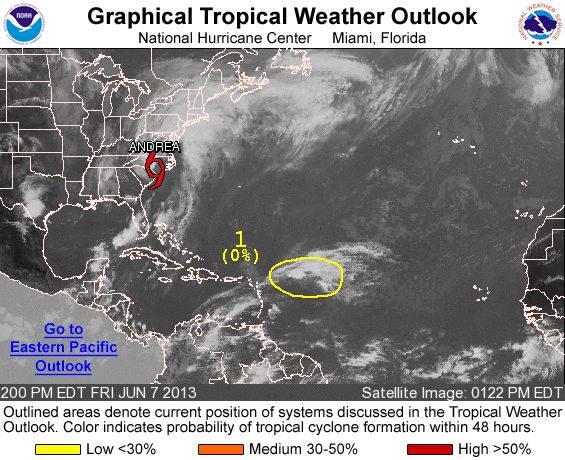
FOR THE NORTH ATLANTIC...CARIBBEAN SEA AND THE GULF OF MEXICO...

THE NATIONAL HURRICANE CENTER IS ISSUING ADVISORIES ON TROPICAL STORM ANDREA...LOCATED INLAND OVER SOUTHERN NORTH CAROLINA.

1. DISORGANIZED THUNDERSTORM ACTIVITY SEVERAL HUNDRED MILES EAST OF THE LEEWARD ISLANDS IS ASSOCIATED WITH A TROPICAL WAVE. STRONG UPPER-LEVEL WINDS ARE EXPECTED TO PREVENT ANY DEVELOPMENT...AND THIS SYSTEM HAS A LOW CHANCE...NEAR 0 PERCENT...OF BECOMING A TROPICAL CYCLONE DURING THE NEXT 48 HOURS AS IT MOVES WEST- NORTHWESTWARD AT ABOUT 15 MPH.

ADDITIONAL INFORMATION ON THIS SYSTEM CAN BE FOUND IN HIGH SEAS FORECASTS ISSUED BY THE NATIONAL WEATHER SERVICE.

ELSEWHERE...TROPICAL CYCLONE FORMATION IS NOT EXPECTED DURING THE NEXT 48 HOURS.

&&
HIGH SEAS FORECASTS ISSUED BY THE NATIONAL WEATHER SERVICE CAN BE FOUND UNDER AWIPS HEADER NFDHSFAT1 AND WMO HEADER FZNT01 KWBC.

FORECASTER BEVEN